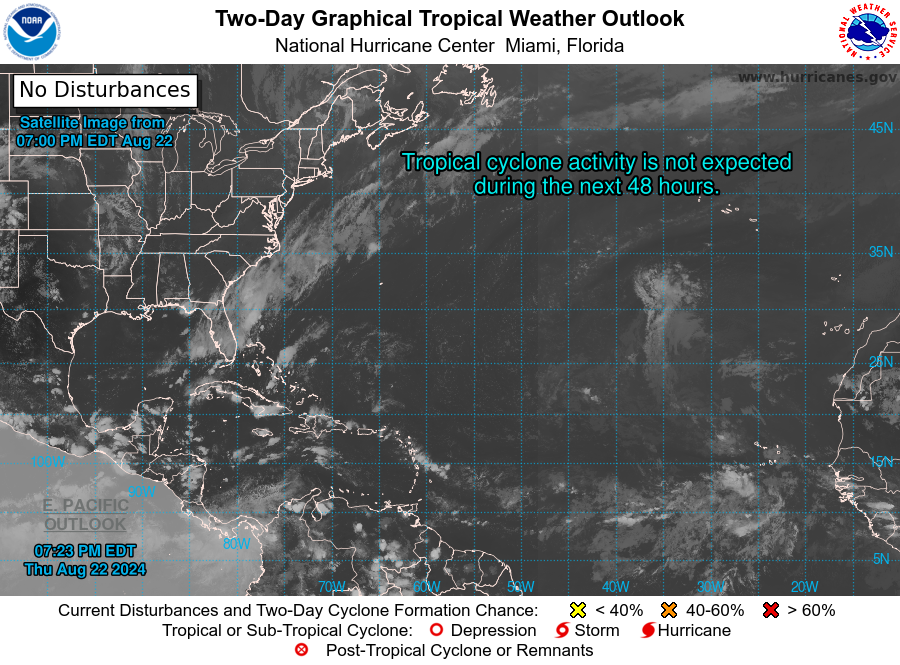
For the North Atlantic...Caribbean Sea and the Gulf of Mexico:

Tropical cyclone formation is not expected during the next 7 days.

Forecaster Kelly